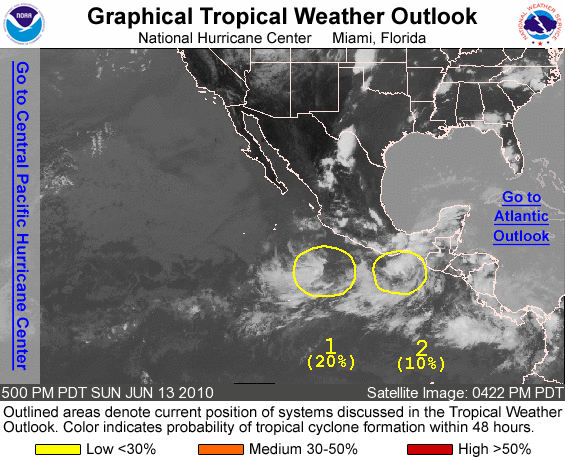
FOR THE EASTERN NORTH PACIFIC...EAST OF 140 DEGREES WEST LONGITUDE..

1. CLOUDINESS AND SHOWERS ASSOCIATED WITH A LARGE AREA OF DISTURBED WEATHER LOCATED A FEW HUNDRED MILES SOUTHWEST OF ACAPULCO MEXICO REMAIN POORLY ORGANIZED. SOME SLOW DEVELOPMENT IS POSSIBLE AS THE SYSTEM MOVES SLOWLY WEST-NORTHWESTWARD OVER THE NEXT COUPLE OF DAYS. THERE IS A LOW CHANCE...20 PERCENT...OF THIS SYSTEM BECOMING A TROPICAL CYCLONE DURING THE NEXT 48 HOURS.

2. A BROAD AREA OF CLOUDINESS AND THUNDERSTORMS HAS DEVELOPED ABOUT 150 MILES SOUTH OF THE GULF OF TEHUANTEPEC. DEVELOPMENT...IF ANY... SHOULD BE SLOW TO OCCUR OVER THE NEXT COUPLE OF DAYS AS THE SYSTEM DRIFTS WESTWARD. THERE IS A LOW CHANCE...10 PERCENT...OF THIS SYSTEM BECOMING A TROPICAL CYCLONE DURING THE NEXT 48 HOURS.

ELSEWHERE...TROPICAL CYCLONE FORMATION IS NOT EXPECTED DURING THE NEXT 48 HOURS.

FORECASTER STEWART/BLAKE